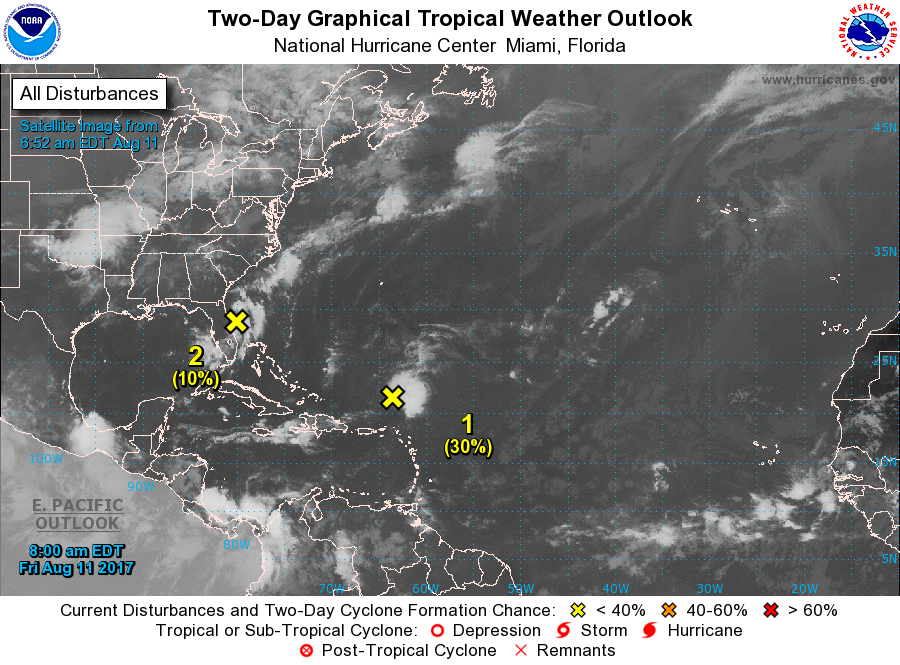
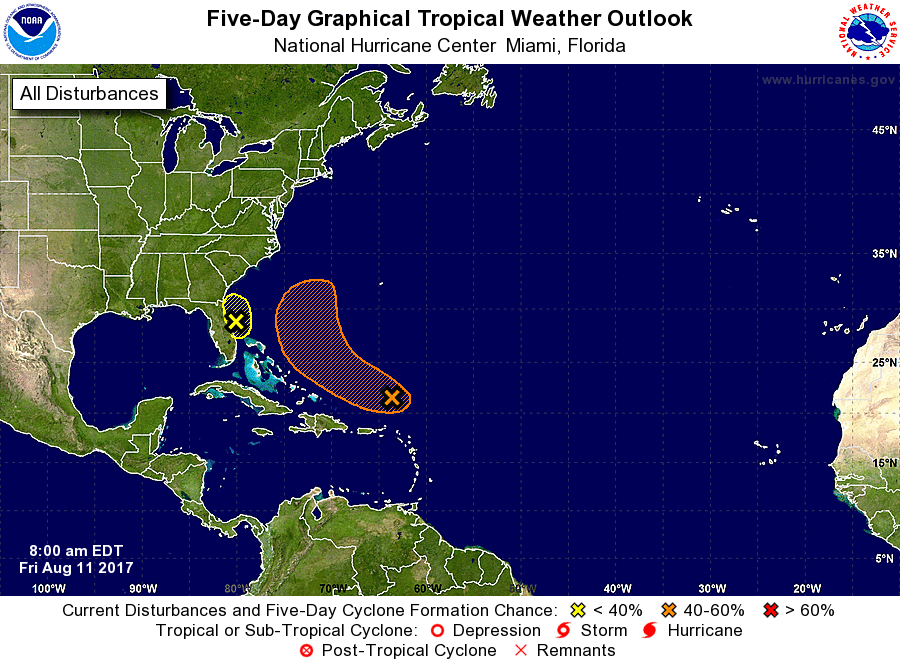
For the North Atlantic...Caribbean Sea and the Gulf of Mexico:

1. An area of disturbed weather centered a couple of hundred miles north of the northern Leeward Islands has become a little better organized since yesterday, but there are no indications of a closed circulation. Upper-level winds are forecast to become more favorable for development by the weekend, but dry air aloft could limit additional development of the thunderstorm activity. This makes the overall environment only marginally conducive for tropical cyclone formation. The disturbance is expected to move northwestward today, then northward over the weekend across the western Atlantic Ocean.
* Formation chance through 48 hours...low...30 percent.
* Formation chance through 5 days...medium...50 percent.

2. A weak and elongated area of low pressure just off the east coast of Florida is accompanied by disorganized showers and thunderstorms extending from southern Florida northeastward across the southwestern Atlantic. Upper-level winds are not favorable for development but this system could still produce locally heavy rains to portions of the Florida peninsula as it moves northward during the next day or two.
* Formation chance through 48 hours...low...10 percent.
* Formation chance through 5 days...low...10 percent.

Forecaster Avila